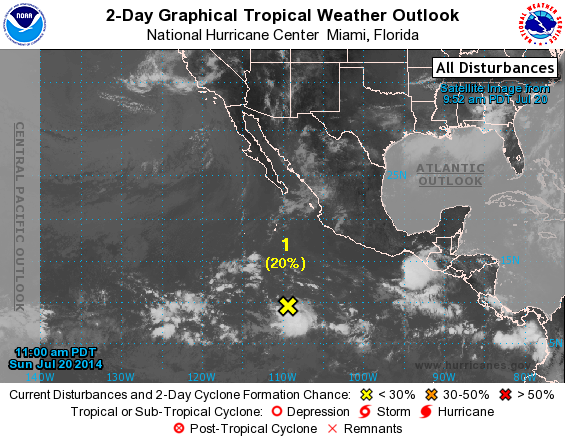
For the eastern North Pacific...east of 140 degrees west longitude:

1. Shower and thunderstorm activity associated with an area of low pressure located about 750 miles south-southwest of Manzanillo, Mexico, has become a little better organized during the past few hours. Some slow development of this system is possible during the next few days while it moves westward or west-northwestward at around 15 mph.
* Formation chance through 48 hours...low...20 percent.
* Formation chance through 5 days...medium...30 percent.

Forecaster Brennan